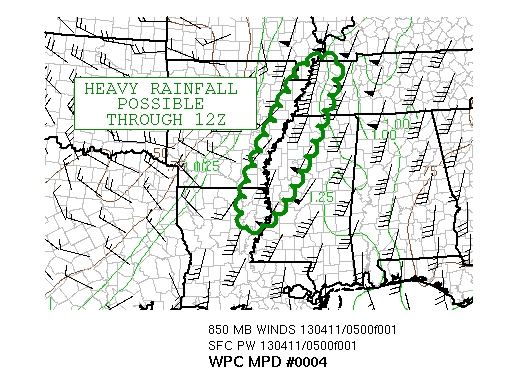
AREAS AFFECTED...NORTHEAST LOUISIANA AND NORTHWEST MISSISSIPPI

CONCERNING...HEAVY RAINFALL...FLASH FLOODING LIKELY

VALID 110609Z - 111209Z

SUMMARY...EXCESSIVE RAINFALL/FLASH FLOODING LIKELY ACROSS
NORTHEAST LOUISIANA, NORTHWEST MISSISSIPPI, AND WESTERN TENNESSEE.

DISCUSSION...AT 06Z...RADAR IMAGERY SHOWED A BAND OF CONVECTION
ACROSS NORTHWEST MISSISSIPPI AND NORTHEAST LOUISIANA WHICH WAS
BEGINNING TO STALL AHEAD OF A SHORTWAVE APPROACHING TEXAS FROM
MEXICO, WHICH SHOULD BEGIN MOVING INTO WESTERN TENNESSEE SHORTLY.
RADAR ESTIMATES ARE APPROACHING THREE INCHES OVER THE PAST COUPLE
HOURS ACROSS NORTHWEST MISSISSIPPI, WHICH IS CLOSE TO THE FLASH
FLOOD GUIDANCE FOR THE AREA. HIGH MOISTURE AVAILABILITY, WITH
PRECIPITABLE WATER VALUES OF 1.75 INCHES WITHIN A 40-50 KNOT LOW
LEVEL JET AT THE 850 HPA LEVEL IS EXPECTED TO REMAIN OVER THE
REGION UNTIL 12Z, WHICH SHOULD CONTINUE PRECIPITATION EFFICIENCY
OF THIS BAND.  LOCAL AMOUNTS OF 3-6 INCHES ARE EXPECTED IN THIS
AREA BY SUNRISE.